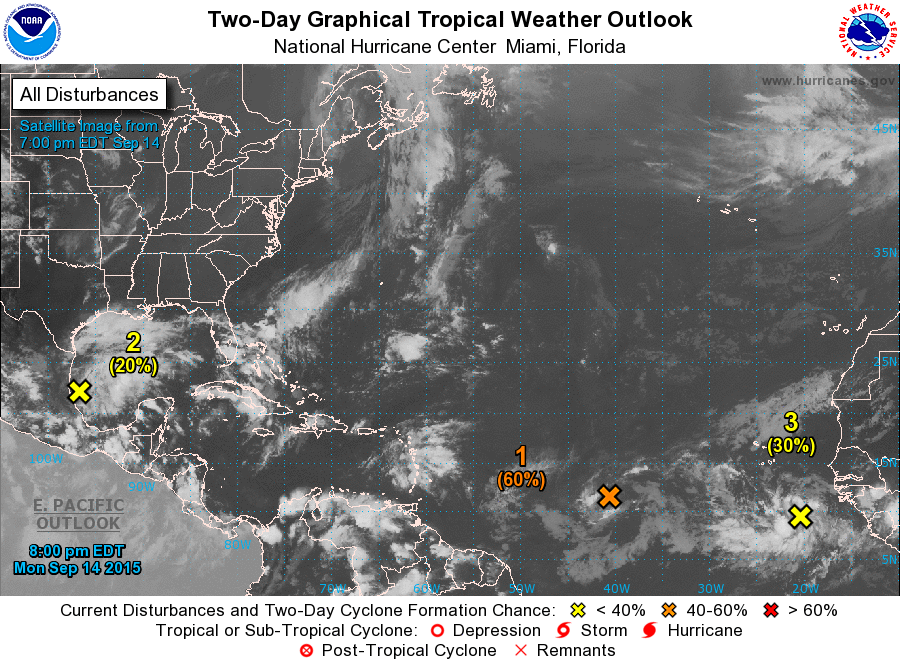
For the North Atlantic...Caribbean Sea and the Gulf of Mexico:

1. A low pressure area located about midway between the Cape Verde Islands and the Lesser Antilles continues to produce a limited amount of shower activity. Some development of this low is still possible during the next couple of days while it moves generally northwestward. After that time, however, upper-level winds are expected to become unfavorable for development.
* Formation chance through 48 hours...medium...60 percent
* Formation chance through 5 days...medium...60 percent

2. An area of low pressure located over the southwestern Gulf of Mexico is producing widespread cloudiness and disorganized shower activity. Some slow development of this system is possible before it moves inland over Mexico in a day or so. Regardless of development, this system could produce locally heavy rain over portions of eastern Mexico during the next couple of days.
* Formation chance through 48 hours...low...20 percent
* Formation chance through 5 days...low...20 percent

3. A tropical wave accompanied by a broad low pressure system is located about 500 miles south-southeast of the southernmost Cape Verde Islands. Shower and thunderstorm activity is showing some signs of organization, and environmental conditions are expected to be conducive for the formation of a tropical depression over the next few days while the system moves westward at 10 to 15 mph.
* Formation chance through 48 hours...low...30 percent
* Formation chance through 5 days...medium...60 percent

Forecaster Cangialosi